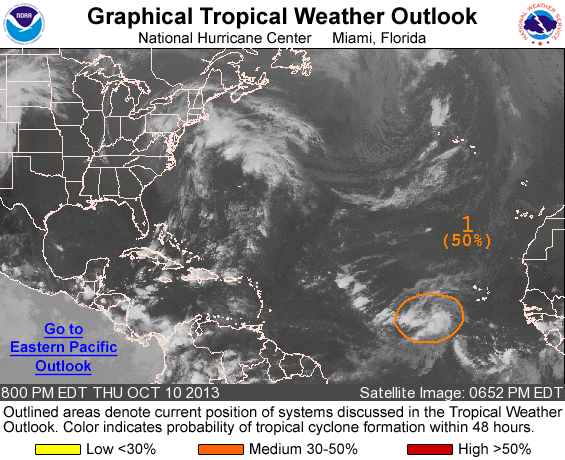
FOR THE NORTH ATLANTIC...CARIBBEAN SEA AND THE GULF OF MEXICO...

1. SHOWERS AND THUNDERSTORMS ASSOCIATED WITH A BROAD AREA OF LOW PRESSURE IN THE EASTERN TROPICAL ATLANTIC...LOCATED ABOUT 600 MILES WEST-SOUTHWEST OF THE CAPE VERDE ISLANDS...CONTINUE TO SHOW SIGNS OF ORGANIZATION. THIS LOW COULD STILL BECOME A TROPICAL DEPRESSION TONIGHT OR FRIDAY BEFORE UNFAVORABLE UPPER-LEVEL WINDS INHIBIT DEVELOPMENT OVER THE WEEKEND. THIS SYSTEM HAS A MEDIUM CHANCE... 50 PERCENT...OF BECOMING A TROPICAL CYCLONE DURING THE NEXT 48 HOURS...AND A MEDIUM CHANCE...50 PERCENT...OF BECOMING A TROPICAL CYCLONE DURING THE NEXT 5 DAYS WHILE IT MOVES WESTWARD TO WEST- NORTHWESTWARD AT AROUND 10 MPH.

FIVE-DAY FORMATION PROBABILITIES ARE EXPERIMENTAL IN 2013. COMMENTS ON THE EXPERIMENTAL FORECASTS CAN BE PROVIDED AT...

HTTP://WWW.NWS.NOAA.GOV/SURVEY/NWS-SURVEY.PHP?CODE=ETWO

FORECASTER KIMBERLAIN